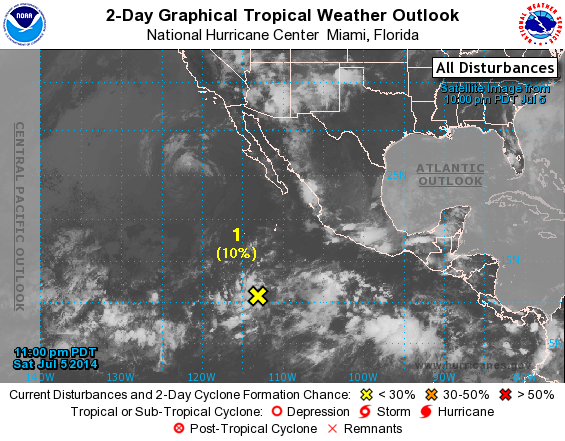
For the eastern North Pacific...east of 140 degrees west longitude:

1. A broad area of low pressure is located several hundred miles south of the southern tip of the Baja California peninsula of Mexico. Showers and thunderstorms associated with this low remain disorganized, and any development should be slow to occur during the next few days while it moves westward or west-northwestward at 10 to 15 mph.
* Formation chance through 48 hours...low...10 percent.
* Formation chance through 5 days...low...20 percent.

Forecaster Cangialosi